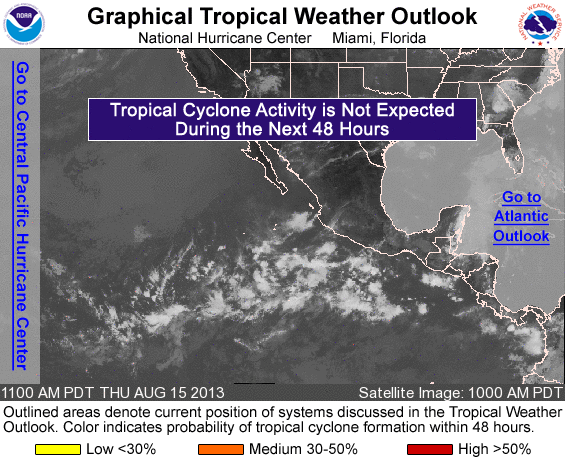
FOR THE EASTERN NORTH PACIFIC...EAST OF 140 DEGREES WEST LONGITUDE..

TROPICAL CYCLONE FORMATION IS NOT EXPECTED DURING THE NEXT FIVE DAYS.

&&
FIVE-DAY FORMATION PROBABILITIES ARE EXPERIMENTAL IN 2013. COMMENTS ON THE EXPERIMENTAL FORECASTS CAN BE PROVIDED AT...

HTTP://WWW.NWS.NOAA.GOV/SURVEY/NWS-SURVEY.PHP?CODE=ETWO

FORECASTER BRENNAN